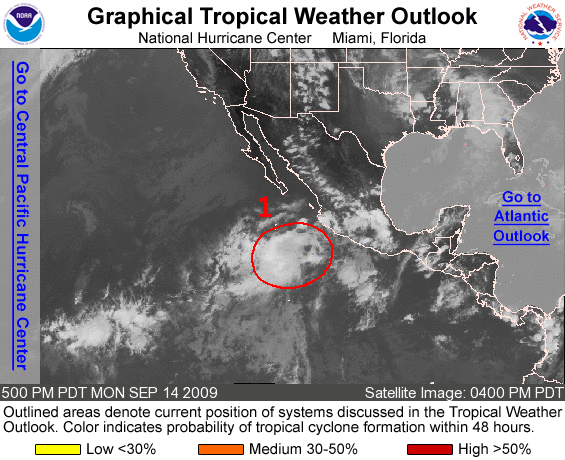
FOR THE EASTERN NORTH PACIFIC...EAST OF 140 DEGREES WEST LONGITUDE..

1. A BROAD AREA OF LOW PRESSURE LOCATED ABOUT 300 MILES SOUTHWEST OF MANZANILLO MEXICO CONTINUES TO PRODUCE A LARGE AREA OF SHOWERS AND THUNDERSTORMS. ALTHOUGH THERE ARE NO SIGNS OF A WELL-DEFINED SURFACE CIRCULATION AT THIS TIME...ENVIRONMENTAL CONDITIONS ARE FAVORABLE FOR DEVELOPMENT...AND A TROPICAL DEPRESSION COULD FORM AS THIS SYSTEM MOVES SLOWLY WEST-NORTHWESTWARD DURING THE NEXT DAY OR TWO. THERE IS A HIGH CHANCE...GREATER THAN 50 PERCENT...OF THIS SYSTEM BECOMING A TROPICAL CYCLONE DURING THE NEXT 48 HOURS.

ELSEWHERE...TROPICAL CYCLONE FORMATION IS NOT EXPECTED DURING THE NEXT 48 HOURS.

FORECASTER BRENNAN